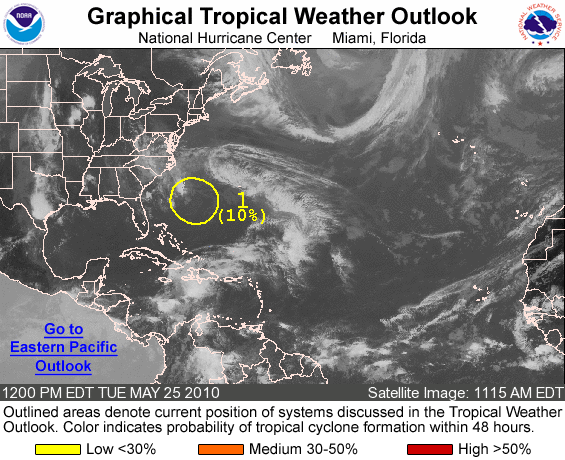
FOR THE NORTH ATLANTIC...CARIBBEAN SEA AND THE GULF OF MEXICO...

1. THE NON-TROPICAL LOW PRESSURE SYSTEM LOCATED ABOUT 450 MILES SOUTHEAST OF THE NORTH CAROLINA COAST REMAINS DISORGANIZED...AND THE POTENTIAL FOR THIS SYSTEM TO ACQUIRE SUBTROPICAL CHARACTERISTICS CONTINUES TO DIMINISH. THERE IS A LOW CHANCE...10 PERCENT...OF THIS SYSTEM BECOMING A SUBTROPICAL CYCLONE DURING THE NEXT 48 HOURS. THE LOW IS DRIFTING GENERALLY NORTH-NORTHWESTWARD AND A TURN TOWARD THE NORTHEAST IS EXPECTED OVER THE NEXT COUPLE OF DAYS. THIS SYSTEM CONTINUES TO PRODUCE A LARGE AREA OF SHOWERS...THUNDERSTORMS...AND GALE FORCE WINDS.

FOR ADDITIONAL INFORMATION...PLEASE SEE HIGH SEAS FORECASTS ISSUED BY THE NATIONAL WEATHER SERVICE...UNDER AWIPS HEADER NFDHSFAT1 AND WMO HEADER FZNT01 KWBC...AND STATEMENTS FROM LOCAL NATIONAL WEATHER SERVICE FORECAST OFFICES. NO ADDITIONAL SPECIAL TROPICAL WEATHER OUTLOOKS ON THIS SYSTEM ARE ANTICIPATED.

FORECASTER PASCH/ROBERTS